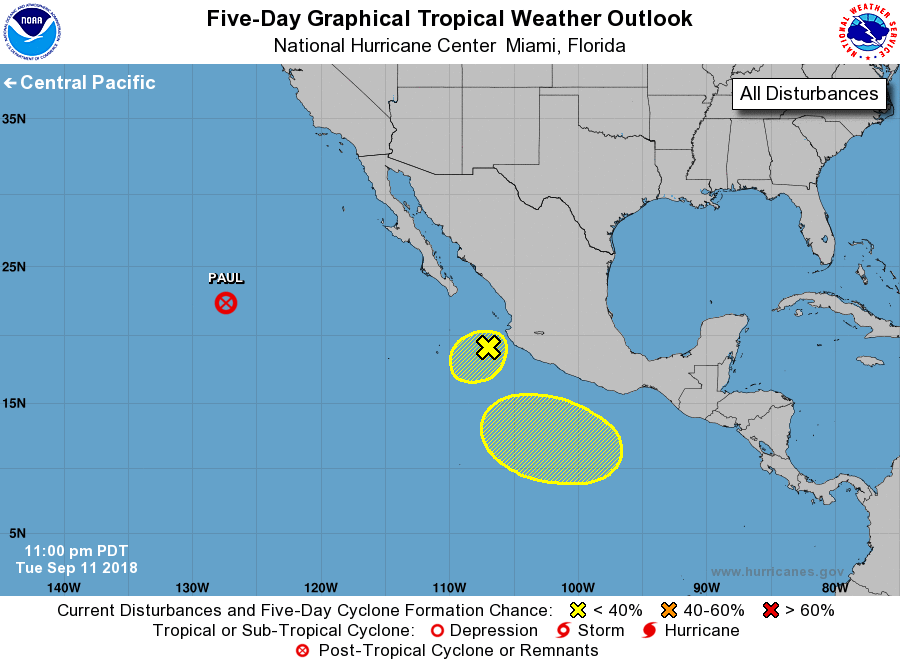
For the eastern North Pacific...east of 140 degrees west longitude:

The National Hurricane Center is issuing advisories on Tropical Depression Paul, located a little more than 1000 miles west of the southern tip of the Baja California peninsula.

1. A trough of low pressure continues to produce disorganized showers and thunderstorms extending several hundred miles west of the west-central coast of Mexico. Strong upper-level winds appear to be preventing the system from becoming better organized, and development, if any, is likely to be slow to occur while the system drifts southwestward over the next couple of days.
* Formation chance through 48 hours...low...10 percent.
* Formation chance through 5 days...low...10 percent.

2. An area of low pressure is expected to develop well south of the southwestern coast of Mexico in a few days. Some gradual development is possible after that time while the system moves generally westward to west-northwestward.
* Formation chance through 48 hours...low...near 0 percent.
* Formation chance through 5 days...low...30 percent.

Forecaster Zelinsky